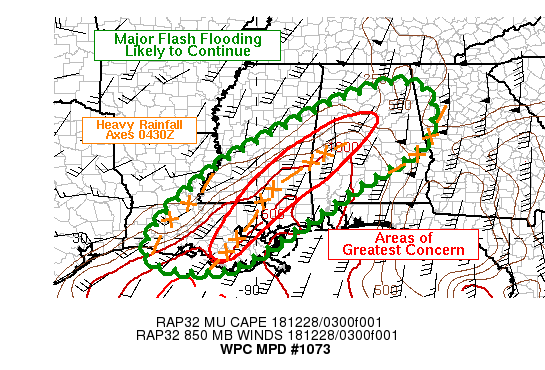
Areas affected...southeastern LA into southern MS and central AL

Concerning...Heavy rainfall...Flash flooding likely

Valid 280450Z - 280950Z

Summary...Dangerously high additional rainfall totals of 5-7
inches expected from southeastern LA into southern MS and central
AL through 10Z. This will only worsen ongoing flash flooding
across these areas.

Discussion...04Z radar imagery showed 2 to 3 southwest to
northeast oriented axes of heavy rain located from central LA into
western GA. Training was occurring across LA, MS and western AL
where 850 mb flow was closely aligned with 850-300 mb layer mean
flow supporting weak Corfidi Vector motions, versus farther east
across eastern AL/western GA where 850 mb flow was backed relative
to 850-300 mb mean flow helping allow slow movement of heavy rain
axes toward the east. Observed rainfall of 10 to 11+ inches in
Marion and Walthall Counties in southern MS is aligned close to
KLIX dual pol estimates.

Water vapor imagery through 04Z showed an inflection point over
central LA, located between a weak mid-upper level shortwave over
TX and a departing shortwave over the Mid-Mississippi Valley. As
the weak shortwave over east-central TX continues to advance
toward the northeast through 12Z, only weak mid-upper level height
falls are expected across LA/MS which should only allow a small
eastward movement to the ongoing axes of heavy rainfall among an
otherwise unchanged environment. Given MLCAPE values of 500-1000+
J/kg are forecast to maintain across the central Gulf Coast, and
little change is anticipated in 850 mb direction/magnitude, many
of the same locations experiencing major flash flooding are
expected to continue to receive 1-2 in/hr rainfall rates, locally
higher, over the next few hours with localized maximum additional
totals of 5-7 from southeastern LA into western AL. This includes
the metropolitan areas of New Orleans and along the I-59 and I-20
corridors. A broad 1-3 inches is expected outside of the local
maxima which could cause flash flooding/flooding over already
saturated soils.